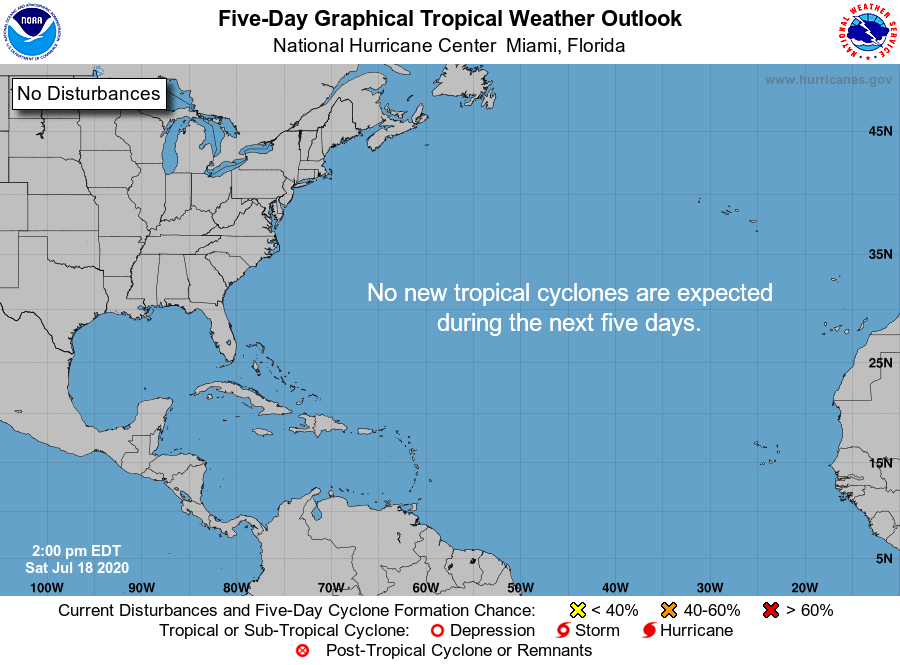
For the North Atlantic...Caribbean Sea and the Gulf of Mexico:

Tropical cyclone formation is not expected during the next 5 days.

Forecaster Zelinsky